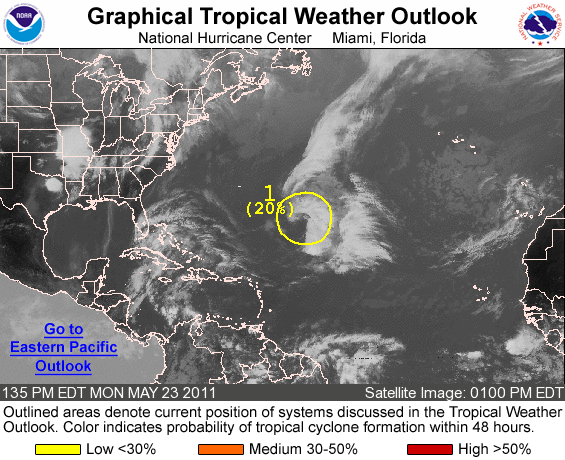
FOR THE NORTH ATLANTIC...CARIBBEAN SEA AND THE GULF OF MEXICO...

1. A SURFACE LOW LOCATED ABOUT 650 MILES EAST-SOUTHEAST OF BERMUDA IS ASSOCIATED WITH A MID- TO UPPER-LEVEL LOW PRESSURE SYSTEM. SHOWER AND THUNDERSTORM ACTIVITY REMAINS DISORGANIZED DUE TO STRONG UPPER-LEVEL WINDS...AND ANY DEVELOPMENT OF THIS SYSTEM SHOULD BE SLOW TO OCCUR. THERE IS A LOW CHANCE...20 PERCENT...OF THIS SYSTEM BECOMING A SUBTROPICAL CYCLONE DURING THE NEXT 48 HOURS AS IT MOVES TOWARD THE EAST OR EAST-SOUTHEAST AT 10 TO 15 MPH.

ADDITIONAL INFORMATION ON THIS SYSTEM CAN BE FOUND IN HIGH SEAS FORECASTS ISSUED BY THE NATIONAL WEATHER SERVICE...UNDER AWIPS HEADER NFDHSFAT1 AND WMO HEADER FZNT01 KWBC. ANOTHER SPECIAL OUTLOOK WILL BE ISSUED TUESDAY...OR SOONER IF NECESSARY.

FORECASTER BRENNAN